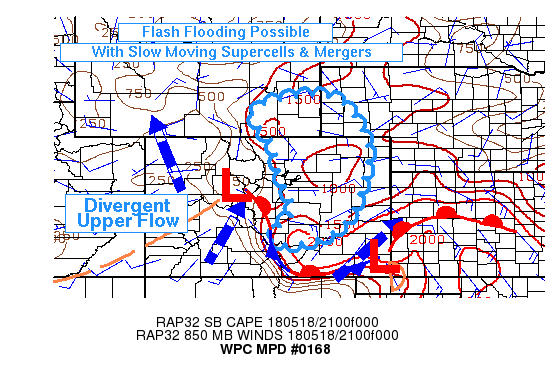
AREAS AFFECTED...SE WY...ERN CO...FAR WRN NE

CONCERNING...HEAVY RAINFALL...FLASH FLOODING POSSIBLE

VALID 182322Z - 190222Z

SUMMARY...THERE IS A CONDITIONAL THREAT OF FLASH FLOODING BASED ON
SUPERCELL MOTION AND CELL MERGERS. THE CONVECTIVE ENVIRONMENT IS
GENERALLY FAVORABLE WITH DIFLUENT UPPER FLOW ATOP MOIST
POST-FRONTAL UPSLOPE.

DISCUSSION...AT 23Z A FEW CELLS HAD EXHIBITED VERY SLOW MOTION IN
BOULDER CO...AND ALSO UP ALONG THE CHEYENNE RIDGE. EARLIER CELLS
HAD PROMPTED FLASH FLOOD WARNINGS NEAR COLORADO SPRINGS...BUT HAD
SINCE BECOME OUTFLOW DOMINATED.

THE SYNOPTIC ENVIRONMENT IS FAVORABLE FOR CONTINUED SCATTERED
THUNDERSTORM ACTIVITY THROUGH THIS EVENING...WITH DIFLUENCE ALOFT
AND MOIST EASTERLY UPSLOPE IN THE LOW LEVELS. PRECIPITABLE WATER
VALUES AROUND 0.6 TO 0.8 INCHES ARE SOMEWHAT ANOMALOUS...AND MORE
ANOMALOUS WITH EASTWARD EXTENT AWAY FROM THE FRONT RANGE.
RELATIVELY SLOW DEEP LAYER FLOW ALSO FAVORS SLOW MOVEMENT...AND
ANY ROTATING STORMS WILL TAKE ON EVEN SLOWER MOVEMENT...TO NEAR
ZERO TO 5 KNOTS OVER NORTHEAST CO AND SOUTHWEST WY.

CELLS MAY NOT BE ABLE TO MAINTAIN THEMSELVES IN AN OVERLY
ORGANIZED FASHION...HOWEVER...AS HAD BEEN OBSERVED IN RADAR
TRENDS...GIVEN VERY WEAK FLOW AROUND 700 MB...AND GENERALLY
UNFOCUSED DEEP LAYER ASCENT. THE RISK OF FLASH FLOODING WILL BE
MORE CONDITIONAL AS TO WHERE INDIVIDUAL UPDRAFTS CAN BECOME
ORGANIZED FOR A PERIOD OF TIME BEFORE GUSTING OUT. CELL MERGERS
COULD ALSO LEAD TO BRIEFLY ENHANCED RAINFALL AMOUNTS. WFO BOU
NOTED AN OBSERVATION OF MORE THAN 2 INCHES OF RAIN AT THE NCAR
FOOTHILLS LAB PER NWS CHAT. ISOLATED 1 TO 2 INCH DOWNPOURS WILL
PROBABLY BE MORE COMMON THIS EVENING...AND MAY LEAD TO ADDITIONAL
FLASH FLOODING. THE OUTLINED AREA WAS DETERMINED BY OBSERVATIONAL
TRENDS BUT ALSO THE 12Z WRF-NMMB AND GEM REGIONAL QPF.